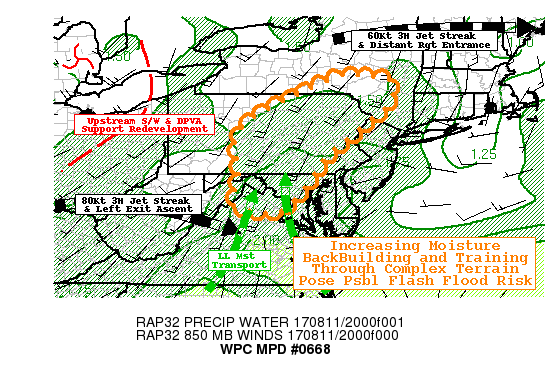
AREAS AFFECTED...CENT PA...N VA...E WV PANHANDLE...W CENT MD...S
NY

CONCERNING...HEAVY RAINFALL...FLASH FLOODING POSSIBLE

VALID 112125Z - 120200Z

SUMMARY...CONVECTION WITH ORIENTATION PARALLEL TO THE FLOW ALONG
WITH UPSTREAM REDEVELOPMENT SUPPORT SOME TRAINING AND POSE
LOCALIZED FLASH FLOOD RISK

DISCUSSION...EXPERIMENTAL GOES-16 WV LOOP DEPICTS BROAD CYCLONE
OVER THE GREAT LAKES CURRENTLY WITH A SUBTLE TWIST NEAR LAKE ERIE.
 ADDITIONALLY...ANTICYCLONICALLY CURVED 80KT JET STREAK IS
CROSSING S OHIO/N KY.  THIS PLACES CENTRAL PA WITHIN DIFFLUENT
LEFT EXIT REGION WITH FAIRLY STRONG DPVA UPSTREAM ALLOWING FOR
FAIRLY STRONG SYNOPTIC ASCENT WITH GOOD POTENTIAL FOR
BACKBUILDING.  ADDITIONALLY THIS ALLOWS FOR SOLID MOISTURE
TRANSPORT FROM THE SOUTH THROUGH THE N-S OROGRAPHY OFF THE
ATLANTIC (PER CIRA LAYERED PW ANALYSIS) TO INCREASE ABOVE BOUNDARY
LAYER MOISTURE PROFILES TO REACH TPW AROUND 1.75" TO MATCH
BOUNDARY LAYER CONDITIONS WITH UPPER 60S TO 70F TDS.

CURRENT RADAR MOSAIC SUGGESTS SEVERAL CONVECTIVE LINES THAT HAVE
DEVELOPED ALONG THE MAIN RIDGE BETWEEN CBE TO AOO TO W OF IPT AND
HAS SHOWN SOME UPSTREAM REDEVELOPMENT.  THIS DEVELOPMENT IS
ORIENTED FAVORABLY WITH THE 8-4H MEAN WIND TO SUPPORT REPEATING
OVER THE NEXT FEW HOURS. GIVEN AVAILABLE MOISTURE...RAIN RATES OF
1.5-2"/HR ARE POSSIBLE AND GIVEN DURATION OF THE REPEATING THERE
IS A POTENTIAL FOR SOME LOCALS FOR 3-4" POSSIBLY HIGHER (THOUGH
19Z HRRR APPEARS OVERDONE WITH 6"+ IN SULLIVAN/LUZERNE COUNTY).
HI-RES CAMS ALSO SUGGEST THE THREAT WILL CONTINUE TO TRACK NE WITH
TIME PLACING SIMILAR RAINFALL RATES/TOTALS IN THE VICINITY OF
LOWER FFG VALUES OF THE CATSKILLS AND E POCONOS.  AS SUCH FLASH
FLOODING IS CONSIDERED POSSIBLE PARTICULARLY THROUGH ROUGHED
MOUNTAIN TERRAIN.